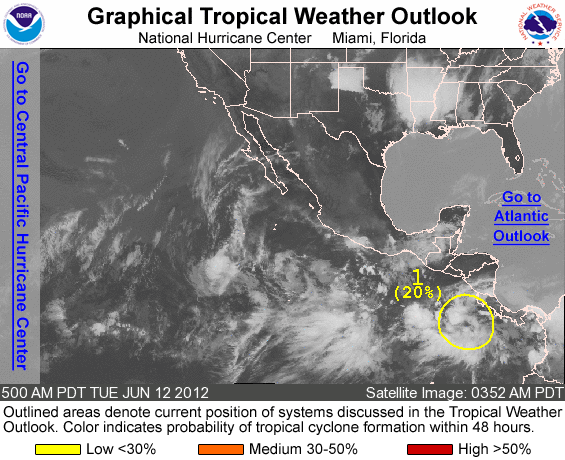
FOR THE EASTERN NORTH PACIFIC...EAST OF 140 DEGREES WEST LONGITUDE..

1. AN AREA OF DISTURBED WEATHER HAS FORMED A COUPLE OF HUNDRED MILES WEST-SOUTHWEST OF THE COAST OF COSTA RICA. SOME SLOW DEVELOPMENT OF THIS SYSTEM IS POSSIBLE DURING THE NEXT DAY OR TWO AS IT MOVES WEST-NORTHWESTWARD AT 5 TO 10 MPH. THIS SYSTEM HAS A LOW CHANCE...20 PERCENT...OF BECOMING A TROPICAL CYCLONE DURING THE NEXT 48 HOURS.

FORECASTER KIMBERLAIN